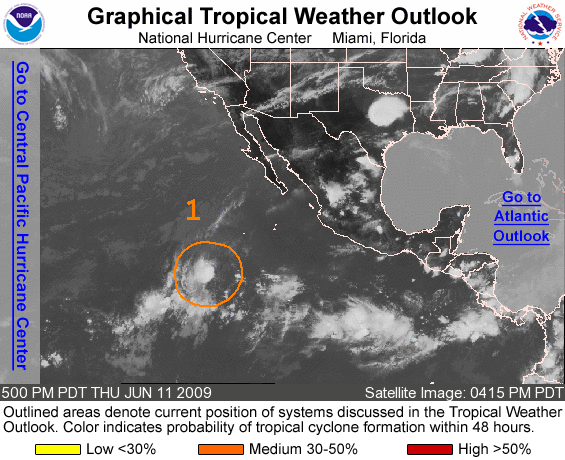
FOR THE EASTERN NORTH PACIFIC...EAST OF 140 DEGREES WEST LONGITUDE..

1. THE AREA OF DISTURBED WEATHER LOCATED ABOUT 900 MILES SOUTHWEST OF THE SOUTHERN TIP OF BAJA CALIFORNIA HAS NOT BECOME BETTER ORGANIZED TODAY. THIS SYSTEM IS MOVING NORTH-NORTHWESTWARD AT 10 TO 15 MPH...AND INTO AN ENVIRONMENT LESS CONDUCIVE FOR DEVELOPMENT. THERE IS A MEDIUM CHANCE...30 TO 50 PERCENT...OF THIS SYSTEM BECOMING A TROPICAL CYCLONE DURING THE NEXT 48 HOURS.

ELSEWHERE...TROPICAL CYCLONE FORMATION IS NOT EXPECTED DURING THE NEXT 48 HOURS.

FORECASTER PASCH